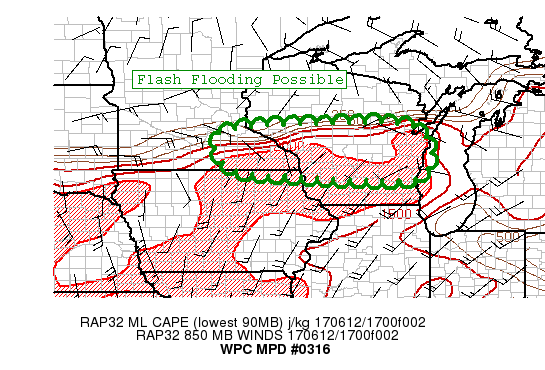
AREAS AFFECTED...PORTIONS OF MN...IA...WI

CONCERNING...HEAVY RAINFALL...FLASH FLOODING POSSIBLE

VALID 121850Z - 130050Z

SUMMARY...EXPANDING CONVECTION AND RESULTANT CELL MERGERS WILL
POSE AN ISOLATED TO SCATTERED FLASH FLOOD RISK OVER THE NEXT
SEVERAL HOURS ACROSS PORTIONS OF SOUTHEAST MN...FAR NORTHEAST IA
AND SOUTH CENTRAL WI.

DISCUSSION...AS OF 18Z A CONVECTIVE COMPLEX CONTINUES TO PROGRESS
NORTHEASTWARD AT A DECENT CLIP ACROSS SOUTHERN MN. THIS ACTIVITY
IS MOVING NEAR AND JUST NORTH OF A WEST TO EAST BOUNDARY
STRETCHING ACROSS THE AREA. RECENT RUNS OF THE HRRR SEEM TO HAVE
FINALLY CAUGHT ON TO THIS ACTIVITY...WITH THE EVOLUTION SEEN IN
RECENT HRRR RUNS SEEMING REASONABLE. SHOULD SEE ADDITIONAL
CONVECTION FORM OUT AHEAD OF THIS COMPLEX ALONG AN AXIS OF 850MB
MOISTURE CONVERGENCE JUST NORTH OF THE SURFACE BOUNDARY. THIS
SCATTERED ACTIVITY AHEAD OF THE MAIN CONVECTIVE LINE SHOULD EXTEND
FROM SOUTHERN MN INTO PORTIONS OF SOUTEHRN/CENTRAL WI. MEANWHILE
THE LINE OF STORMS OVER SOUTH CENTRAL MN AS OF 18Z WILL CONTINUE
TO MOVE EAST NORTHEAST ALONG/NEAR THE MLCAPE GRADIENT. MEAN WIND
FIELDS AND CORFIDI VECTORS SUGGESTS THIS LINE SHOULD EVENTUALLY
TURN MORE EASTWARD AS IT APPROACHES WI.

IN GENERAL THE PROGRESSIVE NATURE OF THE CONVECTIVE LINE SHOULD
LIMIT THE MAGNITUDE OF FLASH FLOOD THREAT. HOWEVER SOME CONCERN
THAT AS THE CONVECTIVE LINE MERGES WITH THE SCATTERED CONVECTION
THAT SHOULD CONTINUE TO FORM OUT AHEAD OF IT...THAT ENOUGH CELL
MERGERS AND SHORT TERM TRAINING COULD OCCUR TO LOCALLY ENHANCE
AMOUNTS ENOUGH FOR SOME FLASH FLOOD GUIDANCE EXCEEDANCE. THUS
ISOLATED RAINFALL TOTALS OF 2-5" ARE POSSIBLE WITHIN THE MPD AREA
WHERE CELL MERGERS OCCUR...WHICH MAY RESULT IN AN ISOLATED TO
SCATTERED FLASH FLOOD THREAT.